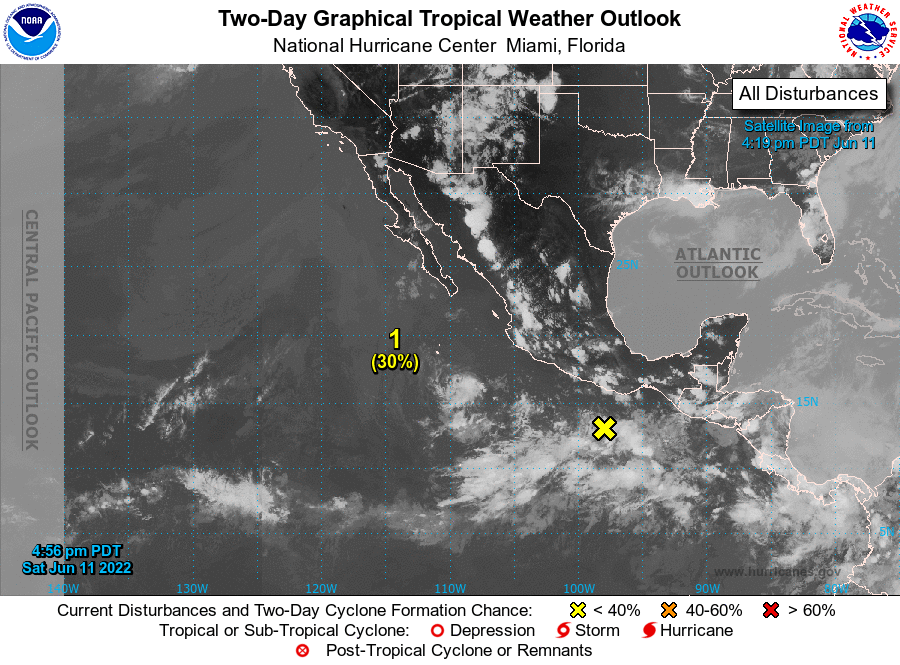
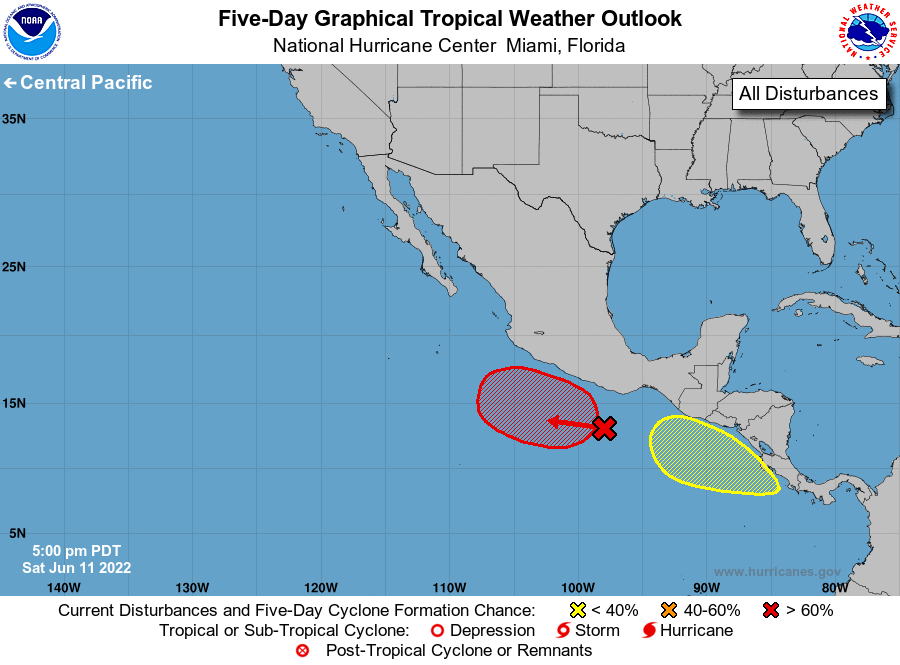
For the eastern North Pacific...east of 140 degrees west longitude:

1. Off the coast of southwestern Mexico: Shower activity has changed little in organization since yesterday in association with a broad low pressure area located a couple of hundred miles south of the southern coast of Mexico. Environmental conditions are expected to become conducive for gradual development of this system, and a tropical depression is likely to form during the early or middle part of next week while the system moves slowly northwestward off the southwestern coast of Mexico.
* Formation chance through 48 hours...low...30 percent.
* Formation chance through 5 days...high...80 percent.

2. Off the coast of Central America: An area of low pressure is expected to form during the next few days south or southwest off the coast of Central America. Subsequent gradual development of this system is possible as it moves slowly northwestward.
* Formation chance through 48 hours...low...near 0 percent.
* Formation chance through 5 days...low...20 percent.

Forecaster Beven/Bucci